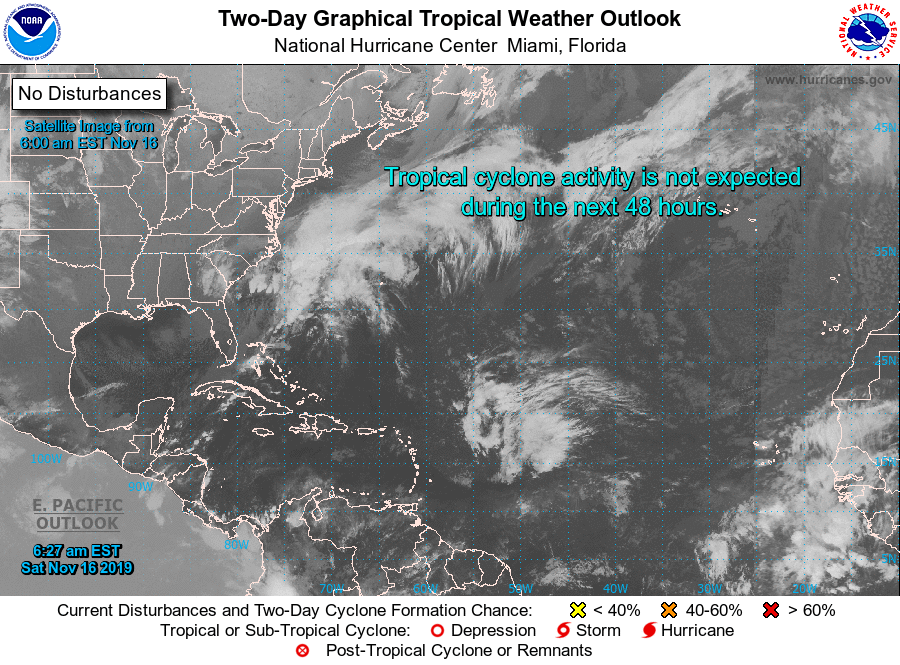
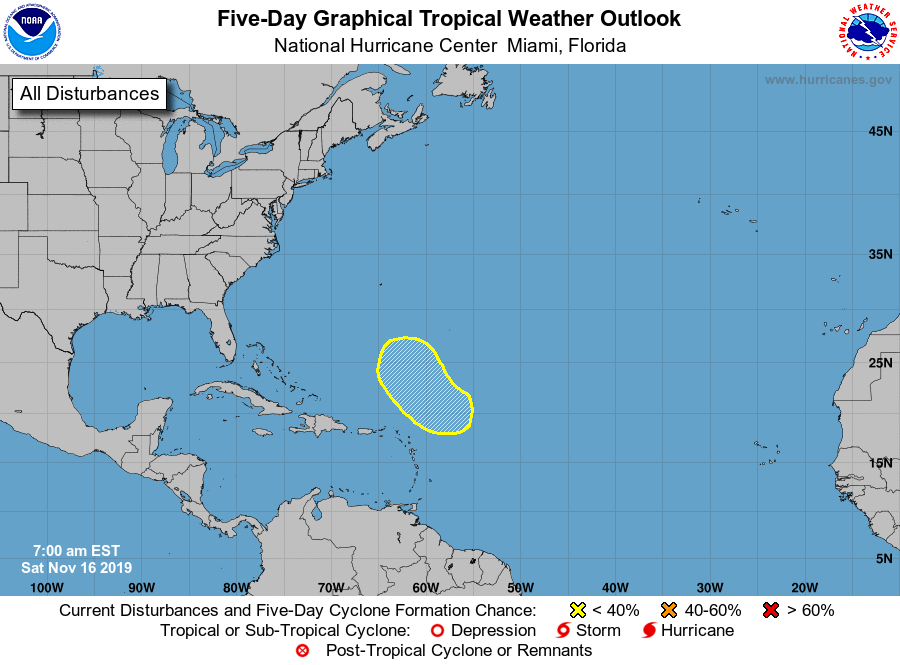
For the North Atlantic...Caribbean Sea and the Gulf of Mexico:

1. An area of low pressure is expected to form a few hundred miles northeast of the Leeward Islands late this weekend or early next week. Some development is possible thereafter while the system moves northwestward and then northward over the open Atlantic. The disturbance is forecast to merge with a frontal system later next week and further development is unlikely after that time.
* Formation chance through 48 hours...low...near 0 percent.
* Formation chance through 5 days...low...20 percent.

Forecaster Zelinsky